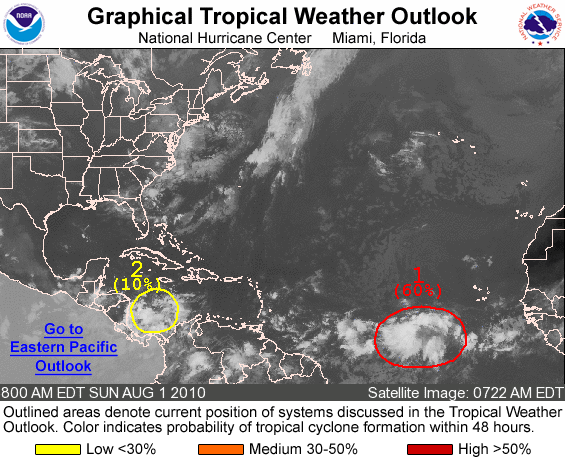
FOR THE NORTH ATLANTIC...CARIBBEAN SEA AND THE GULF OF MEXICO...

1. A NEARLY STATIONARY LOW PRESSURE SYSTEM LOCATED ABOUT 850 MILES WEST-SOUTHWEST OF THE CAPE VERDE ISLANDS IS PRODUCING NUMEROUS SHOWERS AND THUNDERSTORMS. THIS ACTIVITY HAS BECOME BETTER ORGANIZED THIS MORNING AND CONDITIONS APPEAR CONDUCIVE FOR DEVELOPMENT OF A TROPICAL DEPRESSION OVER THE NEXT DAY OR SO AS THE DISTURBANCE MOVES GENERALLY WESTWARD AT 5 TO 10 MPH. THERE IS A HIGH CHANCE...60 PERCENT...OF TROPICAL CYCLONE FORMATION DURING THE NEXT 48 HOURS.

2. A WESTWARD-MOVING TROPICAL WAVE IS PRODUCING SCATTERED SHOWERS AND THUNDERSTORMS OVER THE SOUTHWESTERN CARIBBEAN SEA. HOWEVER...THIS ACTIVITY REMAINS SOMEWHAT DISORGANIZED AND UPPER-LEVEL WINDS ARE CURRENTLY NOT CONDUCIVE FOR ANY SIGNIFICANT DEVELOPMENT BEFORE THE DISTURBANCE MOVES INTO CENTRAL AMERICA IN THE NEXT DAY OR TWO. THERE IS A LOW CHANCE...10 PERCENT...OF THIS SYSTEM BECOMING A TROPICAL CYCLONE DURING THE NEXT 48 HOURS.

ELSEWHERE...TROPICAL CYCLONE FORMATION IS NOT EXPECTED DURING THE NEXT 48 HOURS.

FORECASTER STEWART/KIMBERLAIN